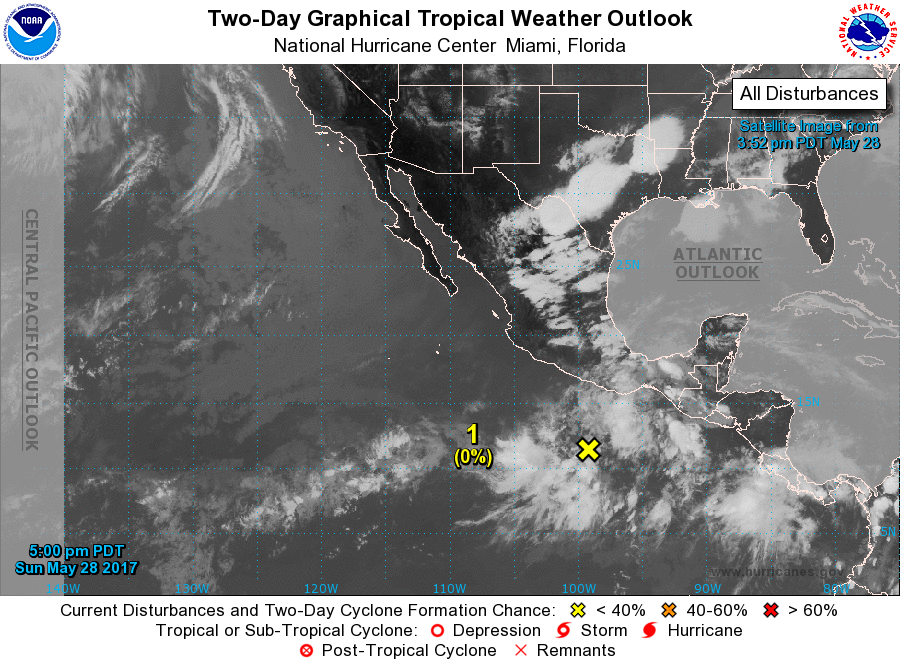
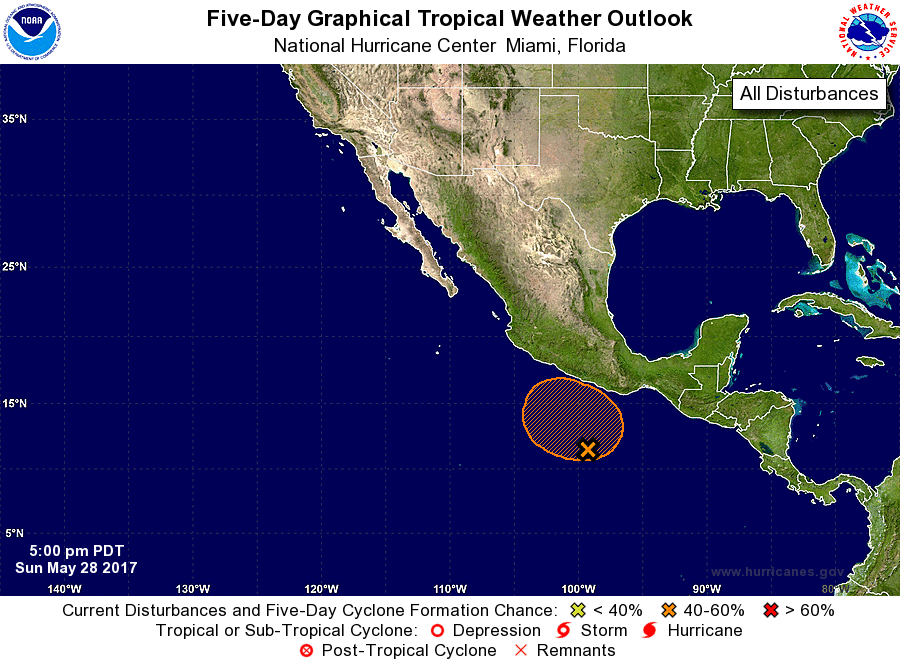
For the eastern North Pacific...east of 140 degrees west longitude:

1. A broad area of low pressure located a few hundred miles south of Acapulco, Mexico, is producing a large area of disorganized cloudiness and showers. Some slow development of this disturbance is possible during the next several days while it drifts generally northward.
* Formation chance through 48 hours...low...near 0 percent.
* Formation chance through 5 days...medium...50 percent.

Forecaster Brown